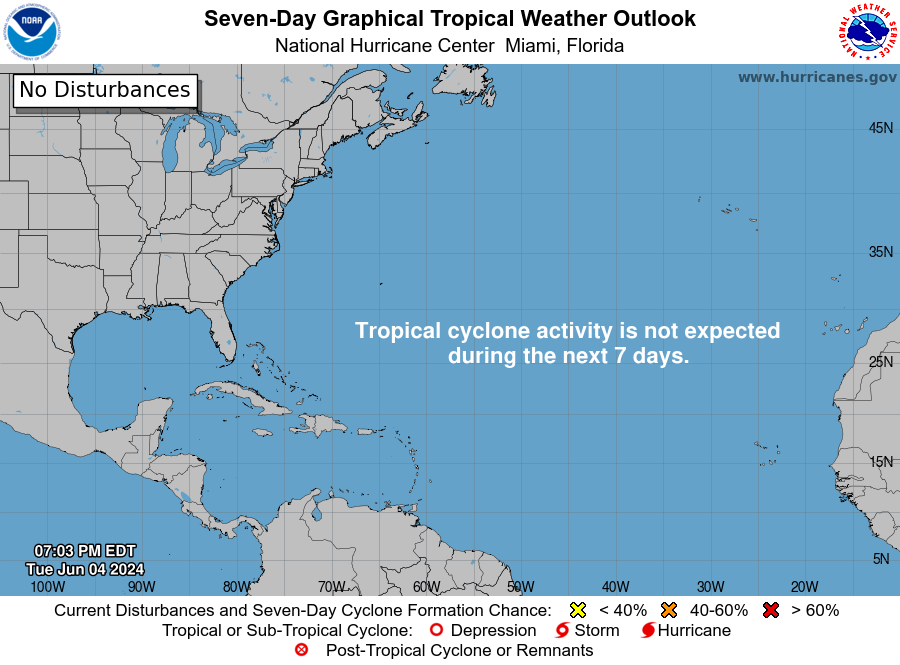
For the North Atlantic...Caribbean Sea and the Gulf of Mexico:

Tropical cyclone formation is not expected during the next 7 days.

Forecaster Berg